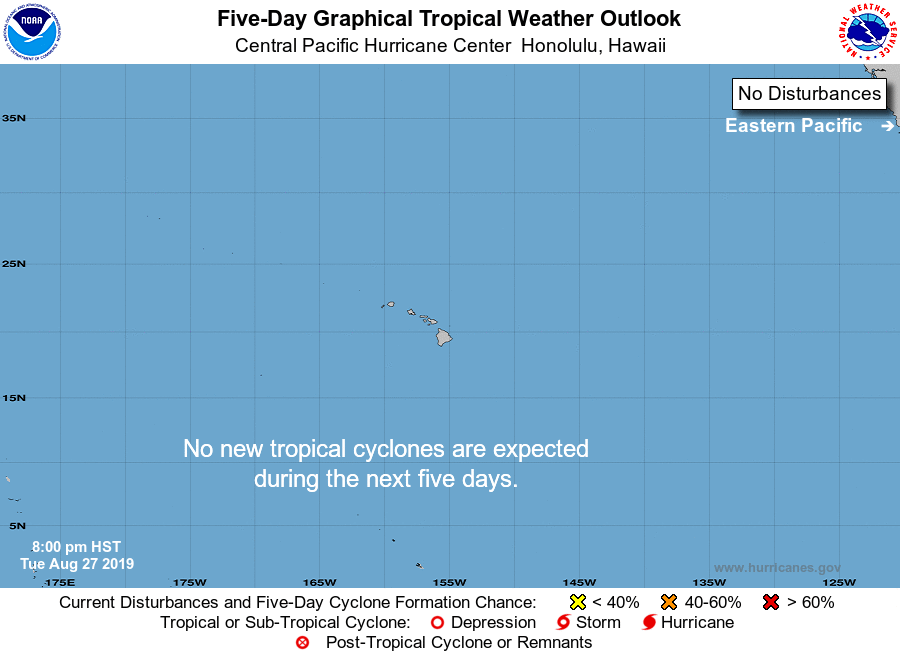
For the central North Pacific...between 140W and 180W:

An area of low pressure, located about 700 miles east-southeast of Hilo, Hawaii, is producing an area of disorganized showers and thunderstorms. Environmental conditions are not forecast to be conducive for development over the next few days as it slowly moves northwestward and dissipates.
*Formation chance through 48 hours...low...near 0 percent
*Formation chance through 5 days...low...near 0 percent

Elsewhere, no tropical cyclones are expected during the next 5 days.

Forecaster Gibbs